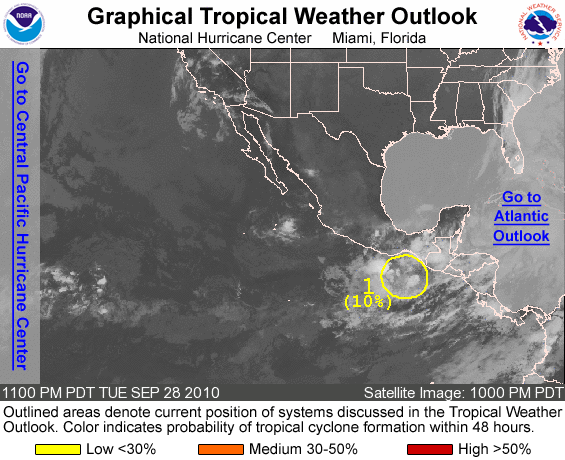
FOR THE EASTERN NORTH PACIFIC...EAST OF 140 DEGREES WEST LONGITUDE..

1. DISORGANIZED SHOWERS AND THUNDERSTORMS LOCATED OVER THE GULF OF TEHUANTEPEC ARE ASSOCIATED WITH AN AREA OF LOW PRESSURE. DEVELOPMENT...IF ANY..OF THIS SYSTEM IS EXPECTED TO BE SLOW TO OCCUR AS IT DRIFTS EASTWARD DURING THE NEXT COUPLE OF DAYS. THERE IS A LOW CHANCE...10 PERCENT...OF THIS SYSTEM BECOMING A TROPICAL CYCLONE DURING THE NEXT 48 HOURS.

ELSEWHERE...TROPICAL CYCLONE FORMATION IS NOT EXPECTED DURING THE NEXT 48 HOURS.

FORECASTER AVILA